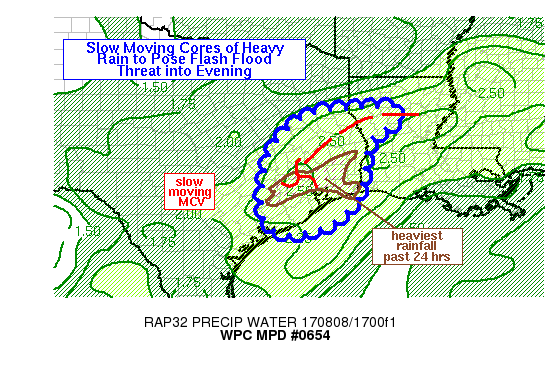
AREAS AFFECTED...SERN TX INTO WRN LA

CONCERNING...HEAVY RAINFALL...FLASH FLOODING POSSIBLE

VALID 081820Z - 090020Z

SUMMARY...SLOW MOVING CONVECTION WITH RAINFALL RATES CAPABLE OF 3
IN/HR IS EXPECTED TO DEVELOP OVER PORTIONS OF SERN TX INTO WRN LA
THIS AFTERNOON. GIVEN WET ANTECEDENT CONDITIONS...FLASH FLOODING
WILL BE POSSIBLE.

DISCUSSION...A SLOW MOVING MCV WAS NOTED ALONG THE
HARRIS/MONTGOMERY COUNTY BORDER AT 18Z VIA EXPERIMENTAL GOES 16
VISIBLE IMAGERY. OVERCAST SKIES DIRECTLY BENEATH THE CIRCULATION
HAVE BEEN LIMITING SOLAR INSOLATION AND INSTABILITY BUT SOME
BREAKS IN CLOUD COVER TO THE EAST TOWARD THE SABINE RIVER HAVE
HELPED MLCAPE TO REACH 500-1500 J/KG ACCORDING TO 17Z DATA FROM
THE SPC MESOANALYSIS PAGE. GIVEN ABUNDANT MOISTURE...GPS
PRECIPITABLE WATER VALUES OF 2.2 TO 2.4 INCHES...AND WET BULB ZERO
HEIGHTS OF 15-16 KFT...PER 12Z LCH SOUNDING AND RAP ANALYSIS
SOUNDINGS OVER SERN TX...THE ENVIRONMENT IS POISED TO PRODUCE VERY
HEAVY RAINFALL DOMINATED BY WARM RAIN PROCESSES.

850 MB WINDS ON THE SOUTHEAST SIDE OF THE MCV HAVE WEAKENED FROM
EARLIER THIS MORNING TO ABOUT 20 KT PER RECENT VAD WIND DATA FROM
KIAH AND RAP ANALYSES...RESULTING IN WEAKER AVAILABLE INFLOW INTO
CONVECTION...BUT GIVEN TRENDS IN VISIBLE SATELLITE IMAGERY AND AN
UNCAPPED ATMOSPHERE...DAYTIME HEATING SHOULD HELP TO INCREASE
CONVECTIVE COVERAGE IN THE VICINITY OF THE MCV AND ALONG A LOW
LEVEL CONVERGENCE AXIS/FRONTAL BOUNDARY EXTENDING NORTHEAST FROM
THE MCV INTO N-CNTRL LA.

THE EXPECTATION IS FOR CONVECTION TO INCREASE OVER PORTIONS OF
SERN TX...EAST/NORTHEAST OF THE MCV AND NEAR THE LOW LEVEL
CONVERGENCE AXIS OVER THE NEXT FEW HOURS. LOW TO MID-LEVEL WINDS
OF 10 KT OR LESS SHOULD ENSURE SLOW MOVEMENT TO CONVECTION ALONG
WITH ELEMENTS OF TRAINING. IT IS UNCERTAIN IF ENOUGH INSTABILITY
CAN GROW NEAR THE MCV CENTER THROUGH THE REMAINDER OF THE
AFTERNOON...BUT GIVEN RECENT HEAVY RAINFALL...OVER 5 INCHES IN
PORTIONS OF HARRIS AND FORT BEND COUNTIES OVER THE PAST 24
HOURS...SOME LOCATIONS IN SERN TEXAS ARE HIGHLY SUSCEPTIBLE TO
FLASH FLOOD CONCERNS FROM ADDITIONAL RAINFALL.